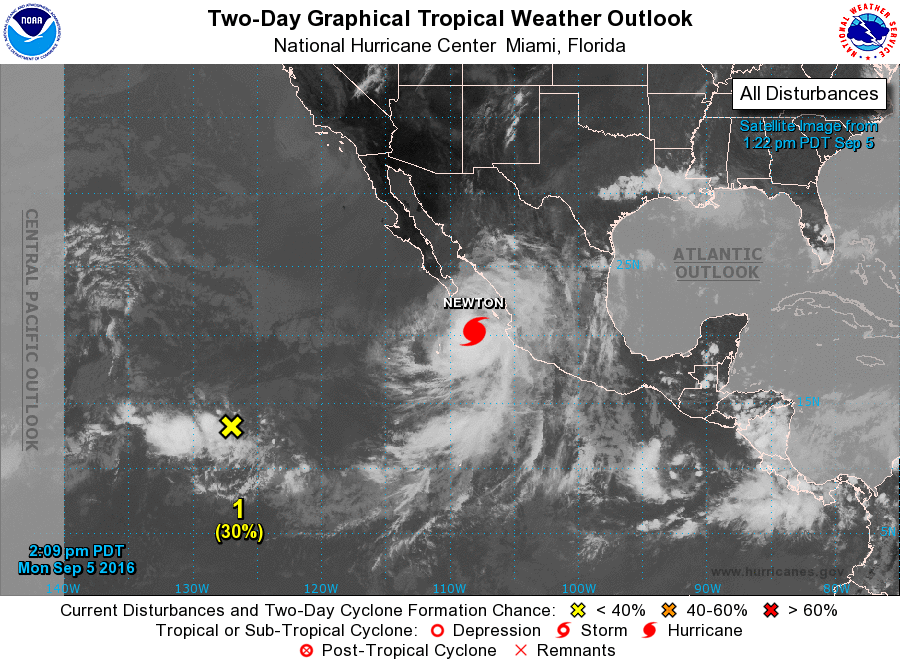
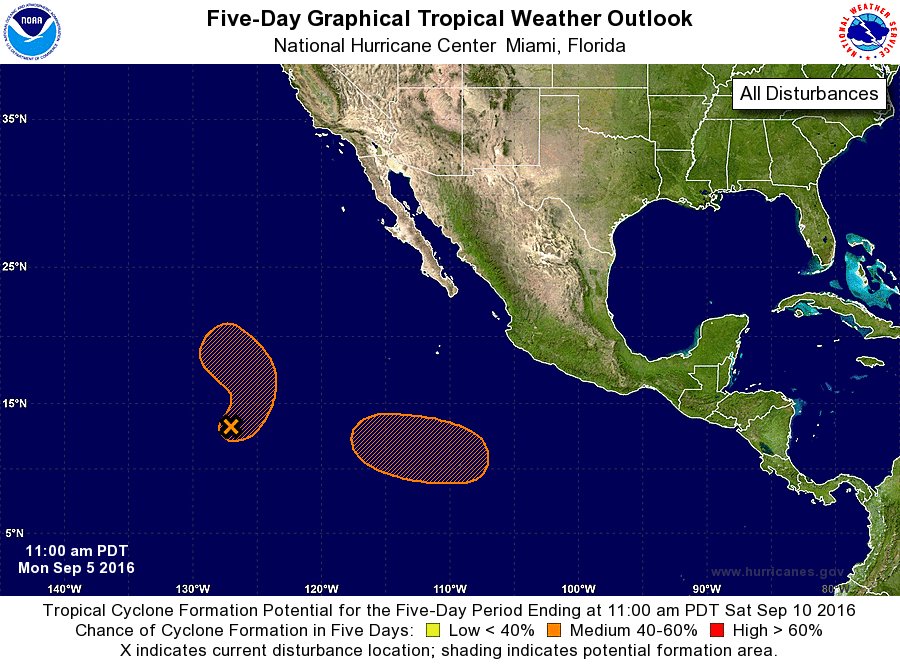
For the eastern North Pacific...east of 140 degrees west longitude:

The National Hurricane Center is issuing advisories on Tropical Storm Newton, located near the southwestern coast of Mexico.

1. Shower activity associated with a weak area of low pressure located about 1300 miles west-southwest of the southern tip of the Baja California peninsula is showing some signs of organization. Some development of this system is possible while this disturbance drifts eastward and then moves northward during the next few days.
* Formation chance through 48 hours...low...30 percent
* Formation chance through 5 days...medium...40 percent

2. An area of low pressure is expected to form later this week several hundred miles southwest of Manzanillo, Mexico. Slow development of this system is possible after that time while it moves westward or west-northwestward.
* Formation chance through 48 hours...low...near 0 percent
* Formation chance through 5 days...medium...40 percent

Public Advisories on Tropical Storm Newton are issued under WMO header WTPZ35 KNHC and under AWIPS header MIATCPEP5. Forecast/Advisories on Tropical Storm Newton are issued under WMO header WTPZ25 KNHC and under AWIPS header MIATCMEP5.

Forecaster Kimberlain